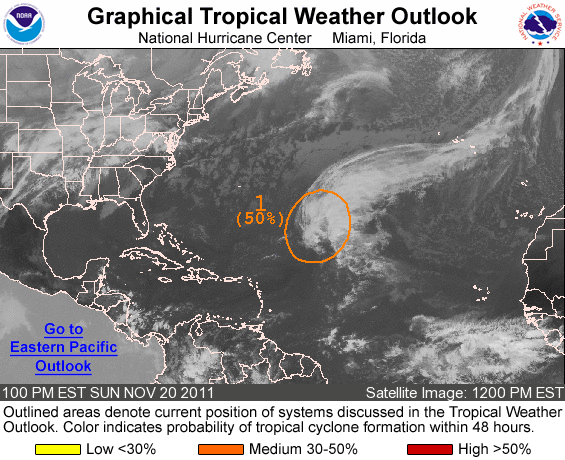
FOR THE NORTH ATLANTIC...CARIBBEAN SEA AND THE GULF OF MEXICO...

1. THERE HAS BEEN LITTLE CHANGE IN THE ORGANIZATION OF SHOWER AND THUNDERSTORM ACTIVITY ASSOCIATED WITH A LOW PRESSURE SYSTEM LOCATED ABOUT 600 MILES NORTHEAST OF THE NORTHEASTERN LEEWARD ISLANDS DURING THE PAST SEVERAL HOURS. ENVIRONMENTAL CONDITIONS APPEAR MARGINALLY CONDUCIVE FOR THE DEVELOPMENT OF THIS DISTURBANCE DURING THE NEXT DAY OR SO AS IT MOVES SLOWLY NORTHWARD. THIS SYSTEM HAS A MEDIUM CHANCE...50 PERCENT...OF BECOMING A SUBTROPICAL OR TROPICAL CYCLONE DURING THE NEXT 48 HOURS.

ELSEWHERE...TROPICAL CYCLONE FORMATION IS NOT EXPECTED DURING THE NEXT 48 HOURS.

FORECASTER KIMBERLAIN